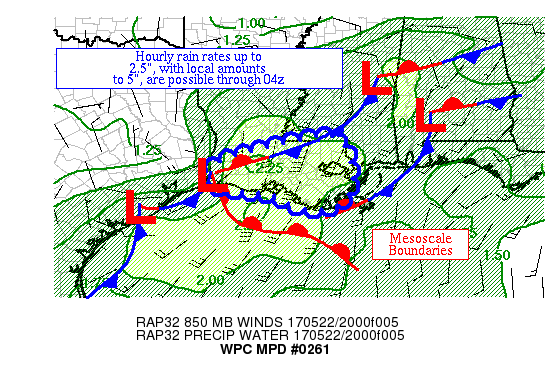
AREAS AFFECTED...SOUTHERN LA & VICINITY

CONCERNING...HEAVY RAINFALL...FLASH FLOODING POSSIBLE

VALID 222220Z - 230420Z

SUMMARY...THUNDERSTORMS ARE BEGINNING TO DEVELOP ACROSS SOUTHWEST
LA.  HOURLY RAIN RATES UP TO 2.5" AND LOCAL AMOUNTS TO 5" ARE
FORECAST FOR SOUTHERN LA THROUGH 04Z; UNCERTAINTY IS GREATER THAN
USUAL.

DISCUSSION...BREAKS IN THE CLOUDINESS ACROSS THE UPPER TX COAST
AND ABOVE IMPERIAL CALCASIEU LA COMBINED WITH AN EASTWARD RETREAT
OF CONVECTION WITHIN THE NORTHWEST GULF OF MEXICO HAVE LED TO
INCREASED INSTABILITY AS OF LATE, WITH THE LATEST ML CAPES UP TO
500-1000 J/KG.  THUNDERSTORMS HAVE BEEN SLOWLY DEVELOPING ACROSS
SOUTHWEST LA DURING THE PAST HOUR.  THIS IS OCCURRING NEAR A
SECTION OF A HARD TO FIND FRONTAL ZONE (SHOWING UP BEST IN THE DEW
POINT FIELD) TO THE EAST OF A MESOSCALE WAVE OF LOW PRESSURE.
DIVERGENCE ALOFT IS BEING AIDED BY A SHORTWAVE MOVING INTO THE
ARKLATEX.  PRECIPITABLE WATER VALUES OF 2"+ EXIST HERE.  INFLOW AT
850 HPA IS 25-30 KTS OUT OF THE SOUTHWEST.  EFFECTIVE BULK SHEAR
IS 30 KTS PER SPC MESOANALYSES.

CONVECTION SHOULD EXPAND IN COVERAGE, WHICH WOULD BE AIDED BY CIN
AFTER SUNSET, ALLOWING INSTABILITY ALOFT/HIGHER MU CAPE VALUES TO
BE TAPPED.  THE 12Z GFS-BASED GALVEZ-DAVISON INDEX SHOWS
INCREASING VALUES THROUGH 03Z WHICH IMPLIES GREATER CONVECTIVE
COVERAGE WITH TIME.  CONVECTIVE MOVEMENT IS EXPECTED TO BE THE
GREATEST HURDLE TO HIGHER AMOUNTS, AS THUNDERSTORMS SHOULD MOVE
EAST-NORTHEAST AT 30-40 KTS, THOUGH ORGANIZED CONVECTION WOULD
MOVE MORE EASTWARD.  CELL TRAINING AND MERGERS WOULD ENHANCE RAIN
RATES.  THE AVAILABLE MOISTURE AND FORECAST INSTABILITY SHOULD
SUPPORT HOURLY RAIN RATES TO 2.5".  THERE IS A GOOD SIGNAL FOR
LOCAL AMOUNTS TO 5", THOUGH SOME OF THE GUIDANCE (LIKE THE 12Z
ARW) INDICATED CONVECTIVE INITIATION HOURS AGO, INCREASING
FORECAST UNCERTAINTY.